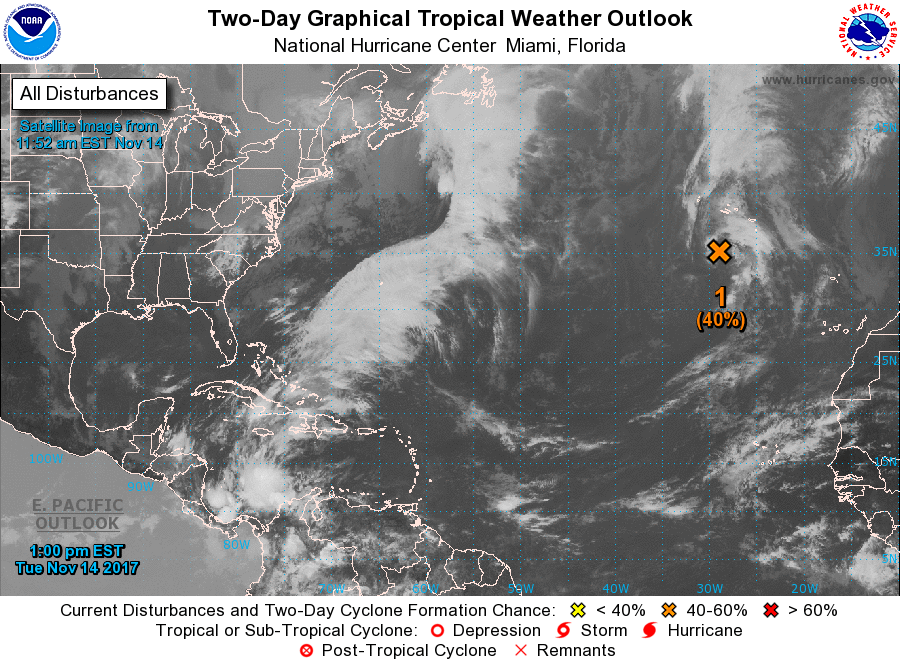
For the North Atlantic...Caribbean Sea and the Gulf of Mexico:

1. Showers and thunderstorms have not become any better organized today in association with a broad area of low pressure located about 250 miles south-southwest of the Azores. This system still has some potential to become a subtropical cyclone during the next day or so before upper-level winds become unfavorable. For additional information on this system, see High Seas Forecasts issued by Meteo France.
* Formation chance through 48 hours...medium...40 percent.
* Formation chance through 5 days...medium...40 percent.

High Seas Forecasts issued by Meteo France can be found under WMO header FQNT50 LFPW and on the web at http://www.meteofrance.com/previsions-meteo-marine/bulletin.

Forecaster Brennan